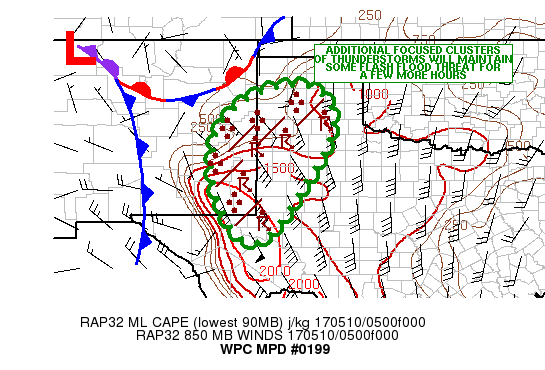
AREAS AFFECTED...EASTERN NM...WESTERN TX

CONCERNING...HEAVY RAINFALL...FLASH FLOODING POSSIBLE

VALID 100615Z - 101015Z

SUMMARY...CLUSTERS OF HEAVY SHOWERS AND THUNDERSTORMS SHOULD
CONTINUE FOR A FEW MORE HOURS. SOME ADDITIONAL FLASH FLOODING
CONCERNS EXIST.

DISCUSSION...THE LATEST RADAR IMAGERY SHOWS SEVERAL CLUSTERS OF
THUNDERSTORMS OVER AREAS OF EASTERN NM AND THE TX PANHANDLE
INCLUDING A FEW SUPERCELLS. THE ACTIVITY CONTINUES TO BE ENHANCED
BY THE NORTHEAST PIVOT OF A 90-110 KT 250 MB JET STREAK PIVOTING
ACROSS SOUTHEAST NM WITH FAVORABLE LEFT-EXIT REGION JET DYNAMICS
PLACED OVER EASTERN NM AND WESTERN TX. THIS IS INTERACTING WITH A
30 TO 40 KT S/SE LOW LEVEL JET NOSING UP ACROSS THE SOUTHERN HIGH
PLAINS WHICH IS HELPING TO TRANSPORT 1 TO 1.25 INCH PWATS INTO THE
REGION. MEANWHILE...THE LATEST RAP ANALYSIS SHOWS A NOTABLY
UNSTABLE AIRMASS POOLED ACROSS SOUTHEAST NM AND SOUTHWEST TX WHERE
RISING BOUNDARY LAYER DEWPOINTS...NOW INTO THE LOW 60S IS
FACILITATING MLCAPE VALUES LOCALLY OVER 2000 J/KG.

THE FOCUSED TRANSPORT OF MOISTURE AND INSTABILITY INTO SOUTHEAST
NM MAY TEND TO SUSTAIN THE CONVECTIVE ACTIVITY FOR SEVERAL MORE
HOURS OVER ADJACENT AREAS OF EASTERN NM AND INTO WESTERN TX GIVEN
SOME OF THE LARGER SCALE ASCENT OVER THE REGION. RECENT RUNS OF
THE HRRR CONTINUE TO SUGGEST AS MUCH AS AN ADDITIONAL 1 TO 2
INCHES OF RAIN LOCALLY...WITH ISOLATED HEAVIER AMOUNTS. GIVEN SOME
OF THE EARLIER HEAVY CONVECTIVE RAINS...THESE ADDITIONAL RAINS MAY
RESULT IN SOME ADDITIONAL RUNOFF AND/OR FLASH FLOODING CONCERNS
THROUGH THE PREDAWN HOURS.